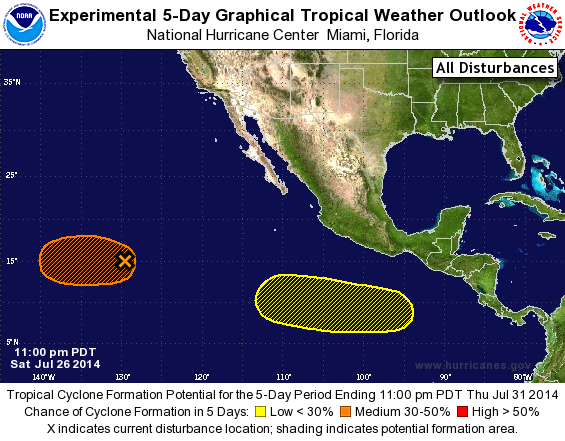
For the eastern North Pacific...east of 140 degrees west longitude:

The National Hurricane Center is issuing advisories on Tropical Depression Genevieve located more than a thousand miles east-southeast of the Big Island of Hawaii, and on Tropical Storm Hernan located several hundred miles south of the southern tip of the Baja California peninsula.

1. Shower activity associated with a well-defined low pressure area located about 1400 miles west-southwest of the southern tip of the Baja California peninsula remains poorly organized. Upper-level winds are currently unfavorable for development, but they could become a little more conducive in a few days while the low moves westward.
* Formation chance through 48 hours...medium...40 percent.
* Formation chance through 5 days...medium...50 percent.

2. An area of low pressure could form well south of southern Mexico in a few days. Some gradual development of this system is possible after that time while it moves west-northwestward.
* Formation chance through 48 hours...low...near 0 percent.
* Formation chance through 5 days...low...20 percent.

Forecaster Cangialosi